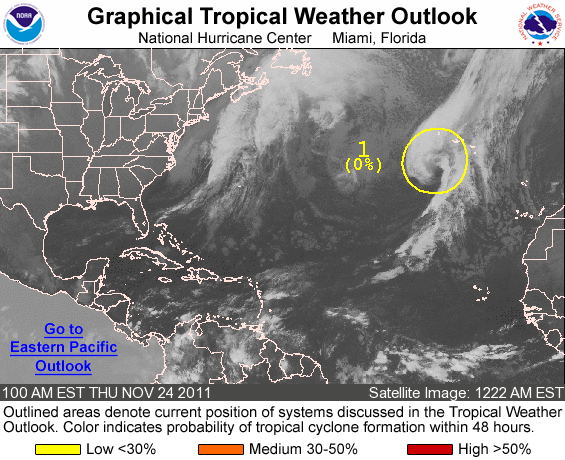
FOR THE NORTH ATLANTIC...CARIBBEAN SEA AND THE GULF OF MEXICO...

1. A STRONG EXTRATROPICAL LOW WITH ITS ASSOCIATED FRONTS IS MOVING TOWARD THE NORTHEAST AND IS APROACHING THE AZORES. THIS SYSTEM HAS A LOW CHANCE...NEAR 0 PERCENT...OF BECOMING A SUBTROPICAL CYCLONE DURING THE NEXT 48 HOURS.

ELSEWHERE...TROPICAL CYCLONE FORMATION IS NOT EXPECTED DURING THE NEXT 48 HOURS.

FORECASTER AVILA